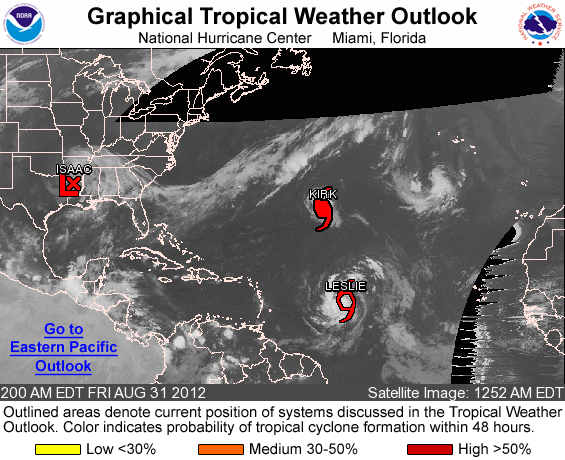
FOR THE NORTH ATLANTIC...CARIBBEAN SEA AND THE GULF OF MEXICO...

THE NATIONAL HURRICANE CENTER IS ISSUING ADVISORIES ON HURRICANE KIRK...LOCATED ABOUT 860 MILES EAST-SOUTHEAST OF BERMUDA...AND ON TROPICAL STORM LESLIE...LOCATED ABOUT 1000 MILES EAST OF THE LEEWARD ISLANDS.

THE HYDROMETEOROLOGICAL PREDICTION CENTER IS ISSUING ADVISORIES ON TROPICAL DEPRESSION ISAAC...LOCATED OVER SOUTHWESTERN ARKANSAS.

ELSEWHERE...TROPICAL CYCLONE FORMATION IS NOT EXPECTED DURING THE NEXT 48 HOURS.

&&
PUBLIC ADVISORIES ON TROPICAL STORM LESLIE ARE ISSUED UNDER WMO HEADER WTNT32 KNHC AND UNDER AWIPS HEADER MIATCPAT2. FORECAST/ ADVISORIES ON LESLIE ARE ISSUED UNDER WMO HEADER WTNT22 KNHC AND UNDER AWIPS HEADER MIATCMAT2.

FORECASTER BERG